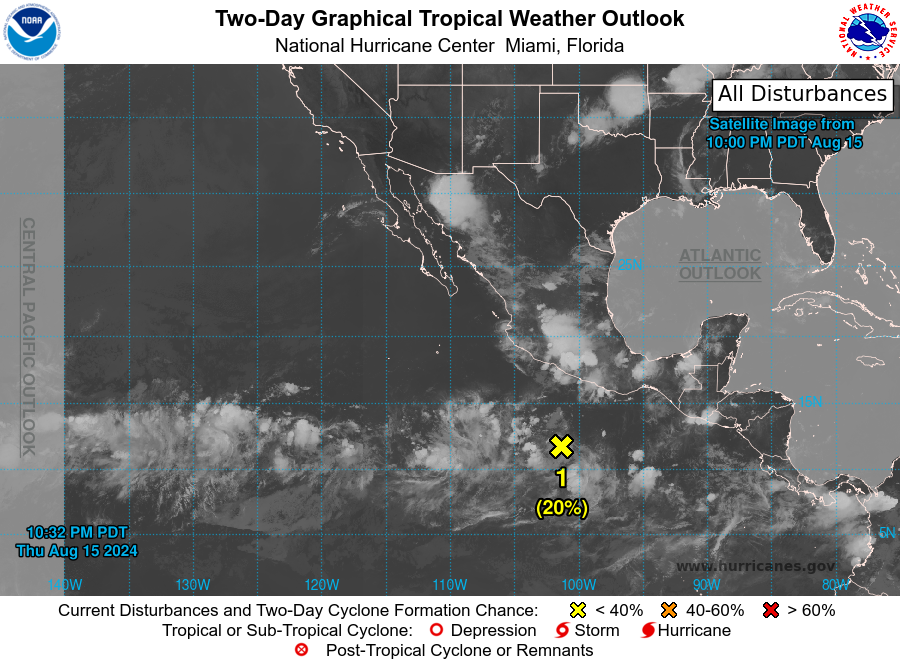
For the eastern North Pacific...east of 140 degrees west longitude:

1. Offshore of Southwestern Mexico: A large area of disorganized showers and thunderstorms located a few hundred miles south of the southwestern coast of Mexico are associated with a tropical wave. Environmental conditions appear conducive for gradual development of this system during the next few days, and a tropical depression is likely to form early next week while it moves west-northwestward away from the coast of Mexico.
* Formation chance through 48 hours...low...20 percent.
* Formation chance through 7 days...high...80 percent.

2. Western Portion of the East Pacific: A broad area of low pressure could form by this weekend well to the west-southwest of the southern tip of the Baja California peninsula. Some slow development of this system is possible during the early and middle parts of next week while it moves generally westward across the western portion of the East Pacific.
* Formation chance through 48 hours...low...near 0 percent.
* Formation chance through 7 days...low...30 percent.

Forecaster Kelly